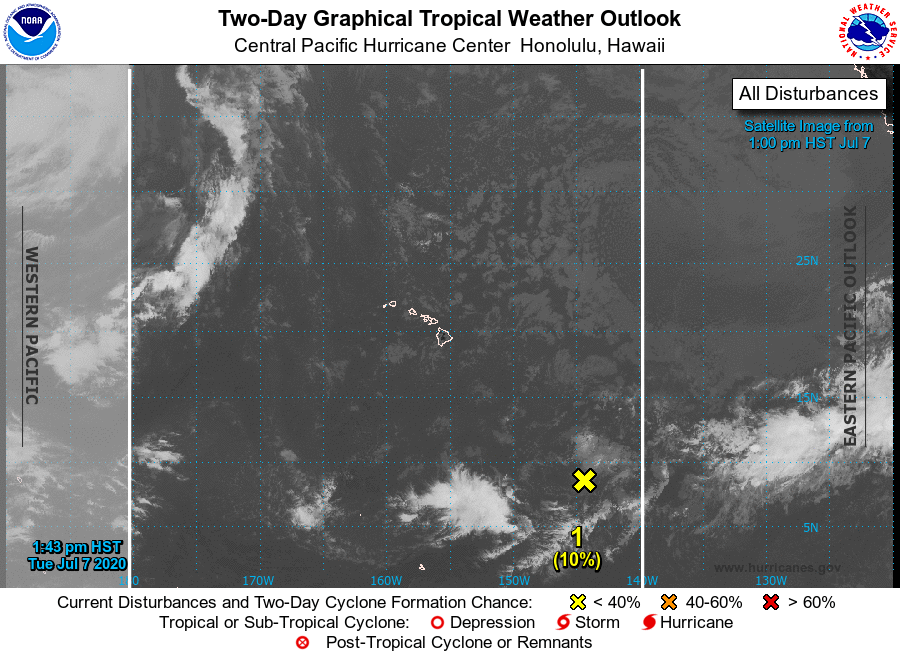
For the central North Pacific...between 140W and 180W:

1. Thunderstorms have decreased in coverage around a weak area of low pressure located over 1,000 miles southeast of the Big Island of Hawaii. Some development is possible over the next couple of days as the system moves westward slowly.
* Formation chance through 48 hours...low...10 percent.
* Formation chance through 5 days...low...10 percent.

Elsewhere, no tropical cyclones are expected during the next 5 days.

Forecaster Wroe